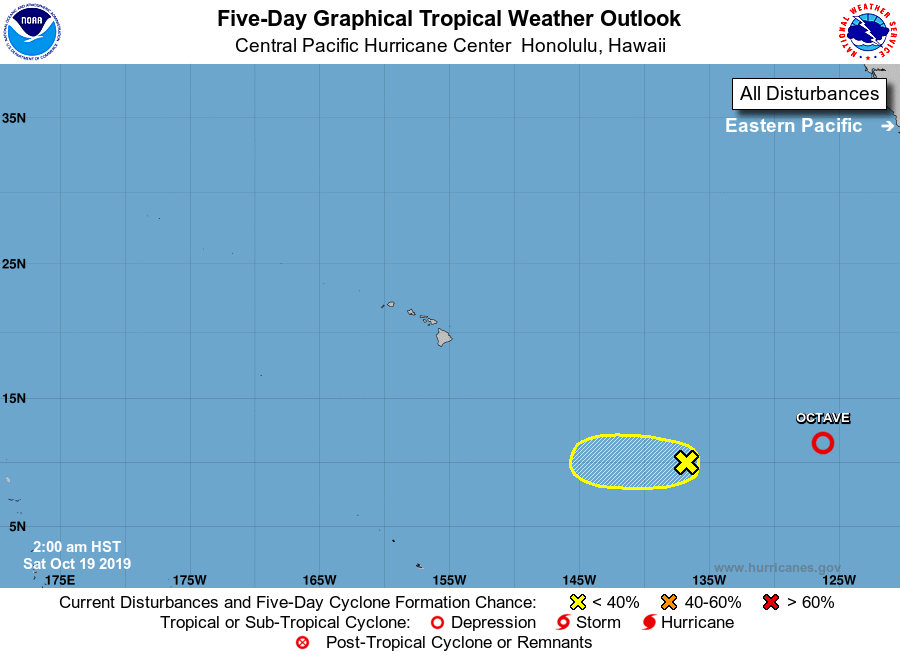
For the central North Pacific...between 140W and 180W:

1. A small low pressure system located over the far southwestern portion of the eastern Pacific basin is producing limited shower and thunderstorm activity. Development, if any, will be slow to occur while the system drifts slowly westward at about 5 mph.
* Formation chance through 48 hours...low...10 percent.
* Formation chance through 5 days...low...10 percent.

Elsewhere, no tropical cyclones are expected during the next 5 days.

Forecaster Kino